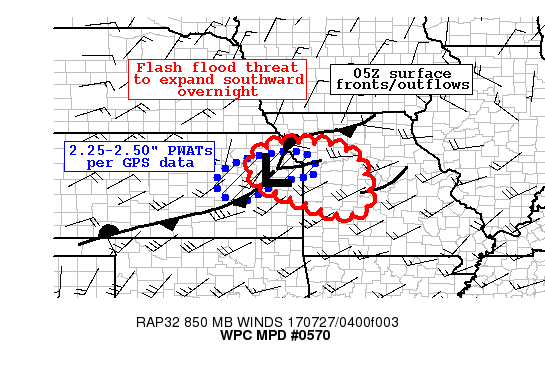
AREAS AFFECTED...EASTERN KS/WESTERN MO...

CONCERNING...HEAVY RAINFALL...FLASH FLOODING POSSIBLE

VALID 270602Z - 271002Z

SUMMARY...SEMI-ORGANIZED CONVECTION CONTINUES ACROSS SECTIONS OF
FAR EASTERN KS/WESTERN MO. WITHIN A HIGH PRECIPITABLE WATER
ENVIRONMENT EXCEEDING 2.25 INCHES...EXPECT SOME LOCALIZED POCKETS
OF FLASH FLOODING WITHIN THE MORE INTENSE THUNDERSTORMS.

DISCUSSION...THE EXPERIMENTAL GOES-16 SATELLITE IMAGERY AND
LIGHTNING DATA SHOW FAIRLY INTENSE UPDRAFTS ACROSS WEST-CENTRAL
MO. SUCH IMAGERY SHOWED SOME ATTEMPTS AT BACKBUILDING INTO
NORTHEASTERN KS. THIS IS ALL OCCURRING IN THE PRESENCE OF A VERY
ANOMALOUS TROPOSPHERIC MOISTURE POOL WITH PRECIPITABLE WATER
VALUES IN THE 2.25 TO 2.50 INCH RANGE PER GPS DATA. BASED ON THE
00Z SOUNDING FROM TOPEKA KS...WET-BULB ZERO HEIGHTS ON THE ORDER
OF 15 KFT INDICATIVE OF THE DOMINANCE OF WARM RAIN PROCESSES HERE.
THE 05Z RAP OBJECTIVE ANALYSIS INDICATES THERE IS STILL PLENTY OF
REMNANT INSTABILITY TO TAP INTO SUGGESTING THE CONVECTIVE THREAT
WILL PERSIST THROUGH THE OVERNIGHT HOURS.

RECENT HIGH-RESOLUTION MODEL OUTPUT SEEMS FAIRLY EMPHATIC ABOUT A
BROAD AREA OF 2 TO 4 INCHES OF RAIN LIKELY ACROSS SECTIONS OF
WESTERN MO. THE SOLUTION MOST CLOSELY MIMICING RECENT MOSAIC RADAR
IMAGERY IS THE 00Z NSSL-WRF...ALTHOUGH IT IS A HAIR SLOW.
FURTHER...ITS 6 HOUR FORECAST OF QPF IS PERHAPS TOO FAR WEST BASED
ON RECENT RADAR/SATELLITE TRENDS. REGARDLESS...THERE APPEARS TO BE
A STRONG ENOUGH MODEL CONSENSUS TO SUPPORT A FLASH FLOOD THREAT
THROUGH AT LEAST 10Z.